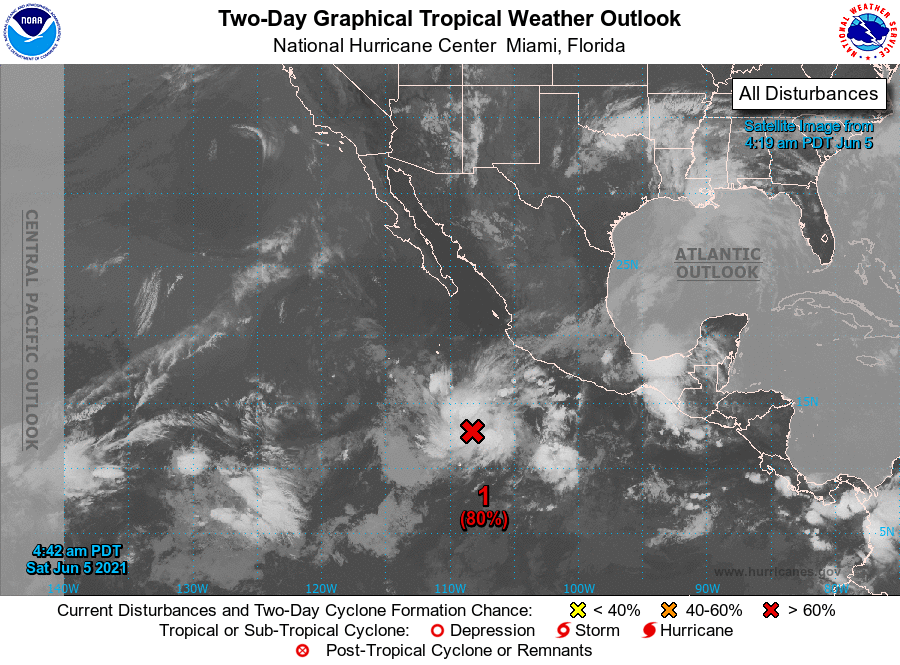
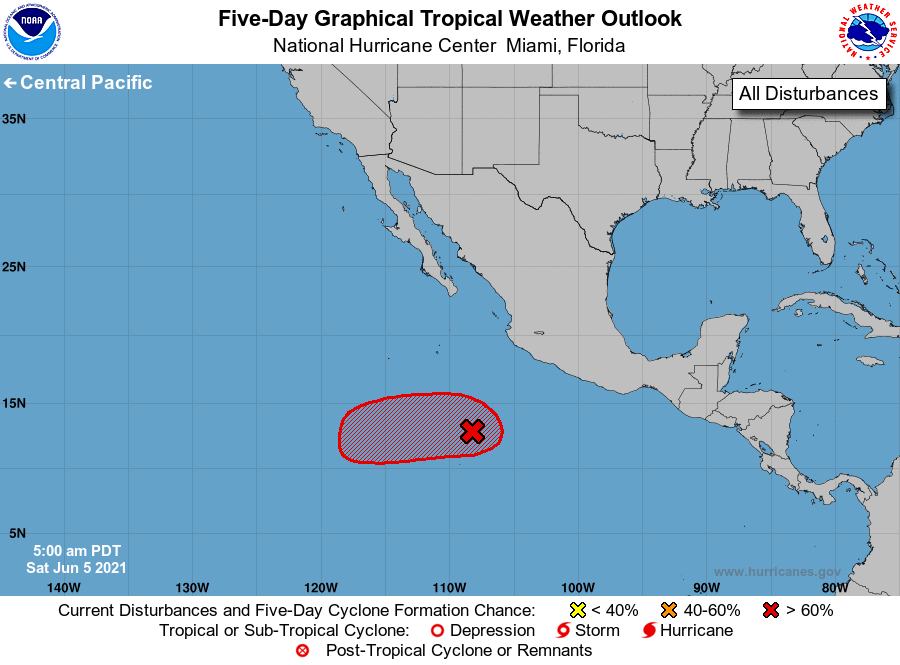
For the eastern North Pacific...east of 140 degrees west longitude:

1. Showers and thunderstorms have become better organized overnight in association with a broad area of low pressure located about 500 miles south-southwest of Manzanillo, Mexico. Environmental conditions appear conducive for additional development, and a tropical depression is likely to form today or tomorrow while it moves slowly to the west well off the coast of Mexico.
* Formation chance through 48 hours...high...80 percent.
* Formation chance through 5 days...high...80 percent.

Forecaster Papin/Blake